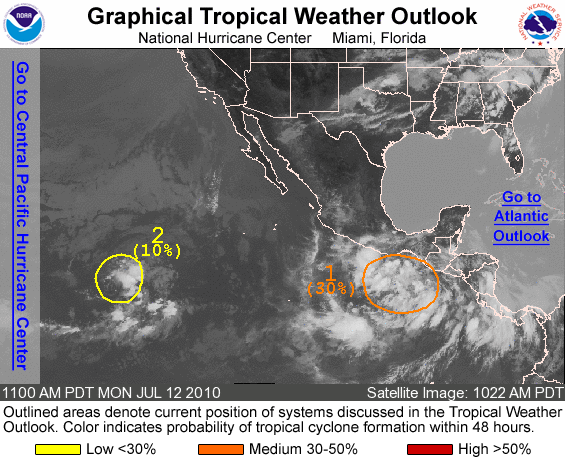
FOR THE EASTERN NORTH PACIFIC...EAST OF 140 DEGREES WEST LONGITUDE..

1. SHOWERS AND THUNDERSTORMS ASSOCIATED WITH A BROAD AREA OF LOW PRESSURE ARE GRADUALLY BECOMING BETTER ORGANIZED A COUPLE HUNDRED MILES SOUTH-SOUTHWEST OF THE GULF OF TEHUANTEPEC. ENVIRONMENTAL CONDITIONS ARE CONDUCIVE FOR ADDITIONAL DEVELOPMENT OF THIS SYSTEM OVER THE NEXT COUPLE OF DAYS AS IT MOVES WEST-NORTHWESTWARD AT ABOUT 10 MPH. THERE IS A MEDIUM CHANCE...30 PERCENT...OF THIS SYSTEM BECOMING A TROPICAL CYCLONE DURING THE NEXT 48 HOURS.

2. A SMALL AREA OF LOW PRESSURE HAS REMAINED NEARLY STATIONARY ABOUT 1400 MILES WEST-SOUTHWEST OF THE SOUTHERN TIP OF BAJA CALIFORNIA. SHOWER AND THUNDERSTORM ACTIVITY REMAINS DISORGANIZED...AND ENVIRONMENTAL CONDITIONS ARE ONLY MARGINALLY CONDUCIVE FOR FURTHER DEVELOPMENT OF THIS DISTURBANCE. THERE IS A LOW CHANCE...10 PERCENT...OF THIS SYSTEM BECOMING A TROPICAL CYCLONE DURING THE NEXT 48 HOURS.

ELSEWHERE...TROPICAL CYCLONE FORMATION IS NOT EXPECTED DURING THE NEXT 48 HOURS.

FORECASTER STEWART/LANDSEA